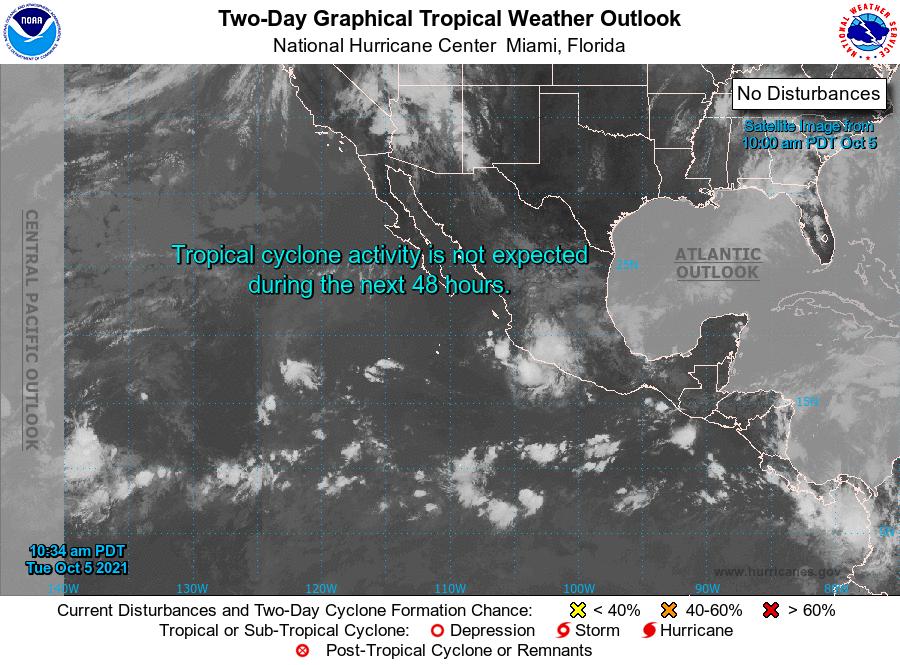
For the eastern North Pacific...east of 140 degrees west longitude:

1. An area of low pressure is forecast to form south of the southern coast of Mexico late this week. Gradual development of the system will be possible this weekend while it moves westward to west-northwestward at 10 to 15 mph, remaining offshore the coast of southern Mexico.
* Formation chance through 48 hours...low...near 0 percent.
* Formation chance through 5 days...medium...40 percent.

Forecaster Brown